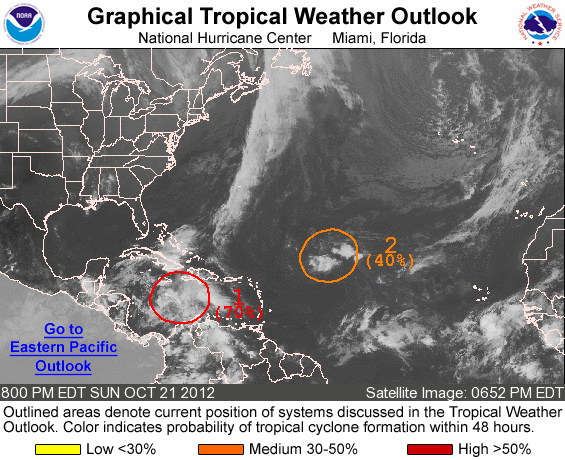
FOR THE NORTH ATLANTIC...CARIBBEAN SEA AND THE GULF OF MEXICO...

1. A BROAD AREA OF LOW PRESSURE LOCATED A COUPLE OF HUNDRED MILES SOUTH-SOUTHEAST OF JAMAICA IS PRODUCING A LARGE AREA OF SHOWERS AND THUNDERSTORMS OVER THE CENTRAL CARIBBEAN SEA. ENVIRONMENTAL CONDITIONS ARE EXPECTED TO BE CONDUCIVE FOR THE FORMATION OF A TROPICAL DEPRESSION DURING THE NEXT COUPLE OF DAYS AS THE LOW MOVES SLOWLY WESTWARD AND BECOMES NEARLY STATIONARY WELL TO THE SOUTH OF JAMAICA. THIS SYSTEM HAS A HIGH CHANCE...70 PERCENT...OF BECOMING A TROPICAL CYCLONE DURING THE NEXT 48 HOURS. HEAVY RAINS FROM THIS DISTURBANCE ARE LIKELY TO SPREAD OVER JAMAICA...HISPANIOLA...AND EASTERN CUBA OVER THE NEXT SEVERAL DAYS. THESE RAINS COULD PRODUCE LIFE-THREATENING FLASH FLOODS AND MUD SLIDES...ESPECIALLY IN AREAS OF HIGH TERRAIN.

2. A TROPICAL WAVE INTERACTING WITH AN UPPER-LEVEL LOW IS PRODUCING A SMALL AREA OF SHOWERS AND A FEW THUNDERSTORMS OVER THE CENTRAL ATLANTIC ABOUT 750 MILES EAST-NORTHEAST OF THE LEEWARD ISLANDS. ENVIRONMENTAL CONDITIONS ARE EXPECTED TO BE CONDUCIVE FOR SOME DEVELOPMENT BEFORE UPPER-LEVEL WINDS BECOME LESS FAVORABLE ON TUESDAY. THIS SYSTEM HAS A MEDIUM CHANCE...40 PERCENT...OF BECOMING A TROPICAL CYCLONE DURING THE NEXT 48 HOURS AS IT MOVES NORTHWESTWARD TO NORTH-NORTHWESTWARD AT ABOUT 10 MPH.

ELSEWHERE...TROPICAL STORM FORMATION IS NOT EXPECTED DURING THE NEXT 48 HOURS.

FORECASTER PASCH